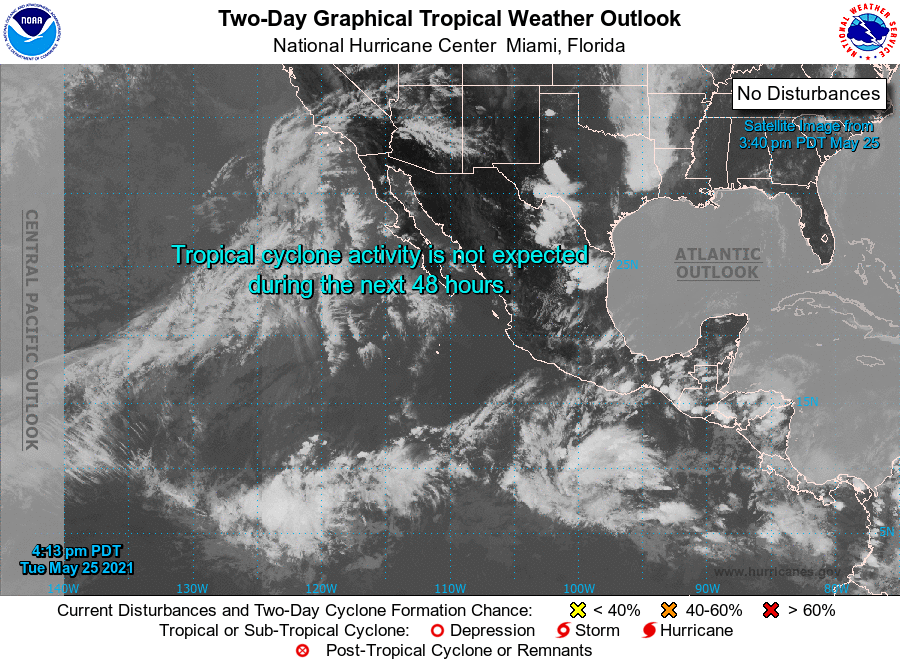
For the eastern North Pacific...east of 140 degrees west longitude:

1. An area of low pressure is expected to form several hundred miles south of the coasts of Guatemala and southern Mexico by this weekend. Environmental conditions appear conducive for some gradual development of this system as it moves generally westward at 5 to 10 mph.
* Formation chance through 48 hours...low...near 0 percent.
* Formation chance through 5 days...low...30 percent.

2. Another area of low pressure is expected to form several hundred miles southwest of the coast of Mexico later this week. Some gradual development is possible thereafter as the system moves westward to west-northwestward at 5 to 10 mph.
* Formation chance through 48 hours...low...near 0 percent.
* Formation chance through 5 days...low...20 percent.

Forecaster Reinhart/Beven